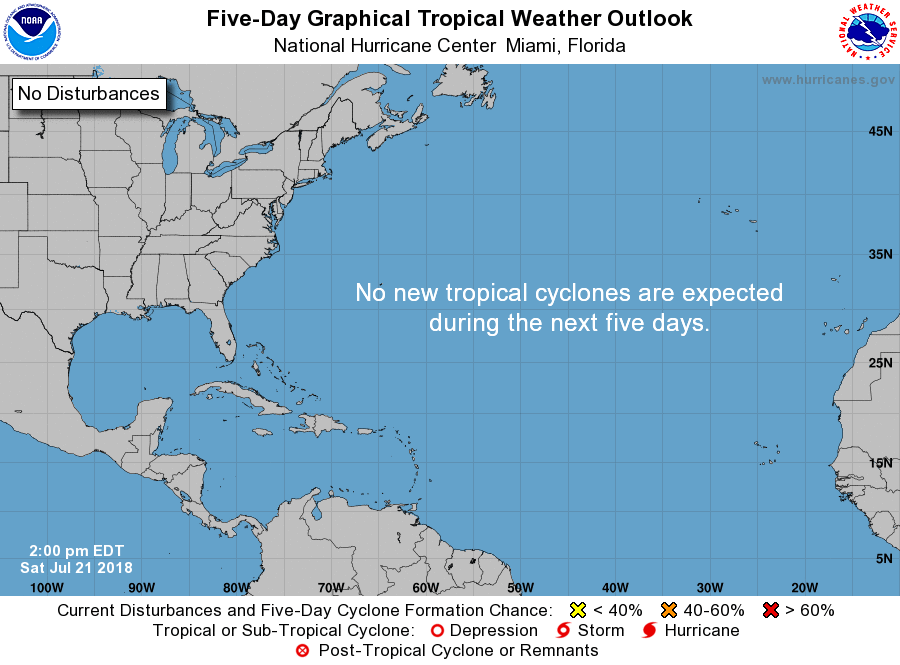
For the North Atlantic...Caribbean Sea and the Gulf of Mexico:

Tropical cyclone formation is not expected for the next five days.

Forecaster Beven